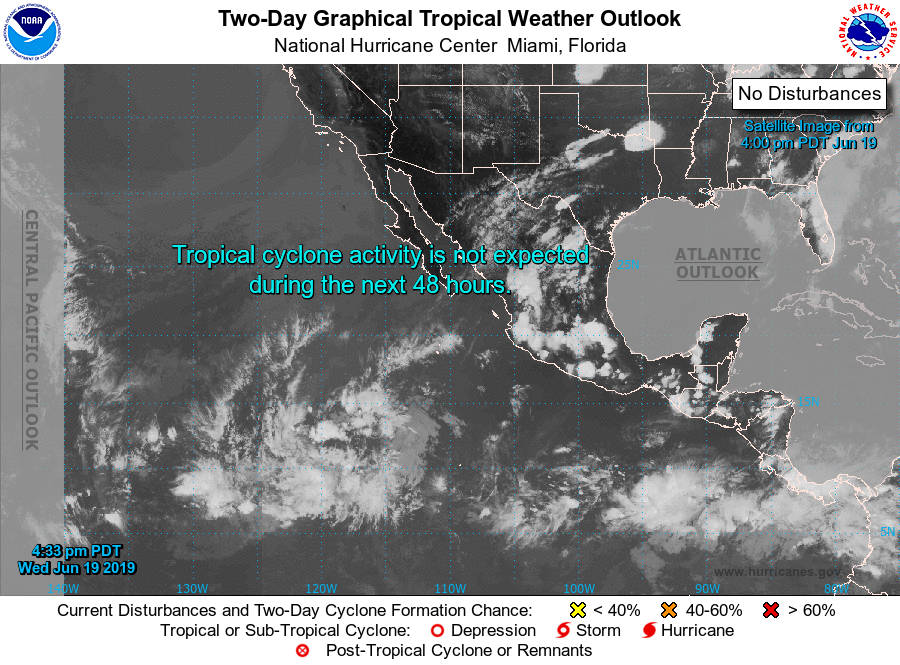
For the eastern North Pacific...east of 140 degrees west longitude:

1. A low pressure area is forecast to form a few hundred miles south of the southwestern coast of Mexico early next week. Environmental conditions are expected to be somewhat favorable for the development of this system while it moves generally westward.
* Formation chance through 48 hours...low...near 0 percent.
* Formation chance through 5 days...low...20 percent.

Forecaster Avila